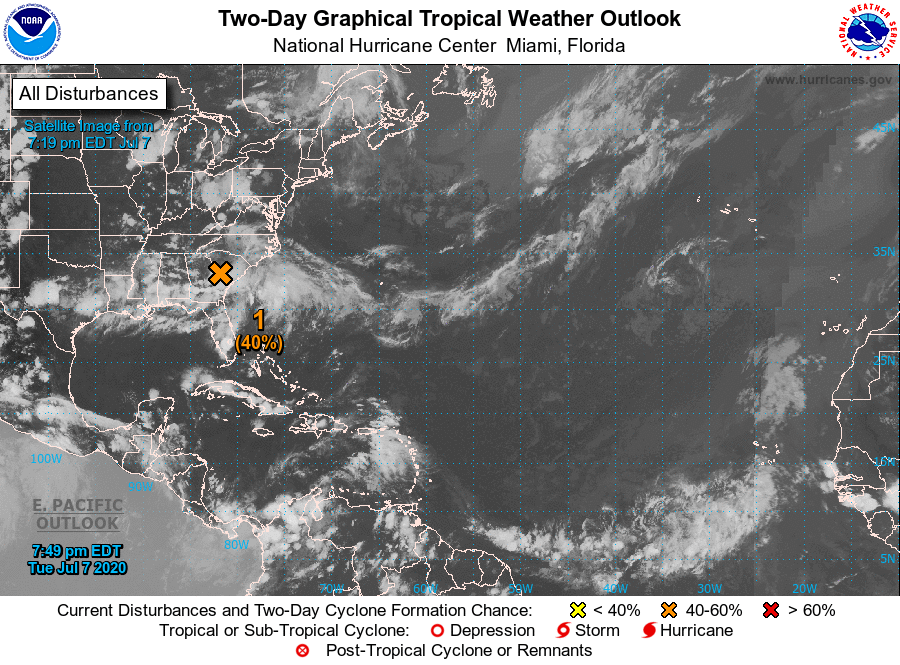
For the North Atlantic...Caribbean Sea and the Gulf of Mexico:

1. An area of low pressure located inland along the Georgia-South Carolina border southeast of Augusta, Georgia, continues to produce a large area of showers and heavy rain over portions of the southeastern United States. The low is expected to move slowly eastward overnight before turning east-northeastward on Wednesday. By Wednesday night and Thursday, the system is forecast to move generally northeastward near or just offshore the coast of the Carolinas and the mid-Atlantic states, and a tropical or subtropical cyclone could form later this week if the low moves over the warm waters of the western Atlantic. Regardless of development, the low is expected to produce locally heavy rainfall that could cause flash flooding across portions of the southeastern U.S. during the next couple of days.
* Formation chance through 48 hours...medium...40 percent.
* Formation chance through 5 days...medium...50 percent.

Forecaster Stewart